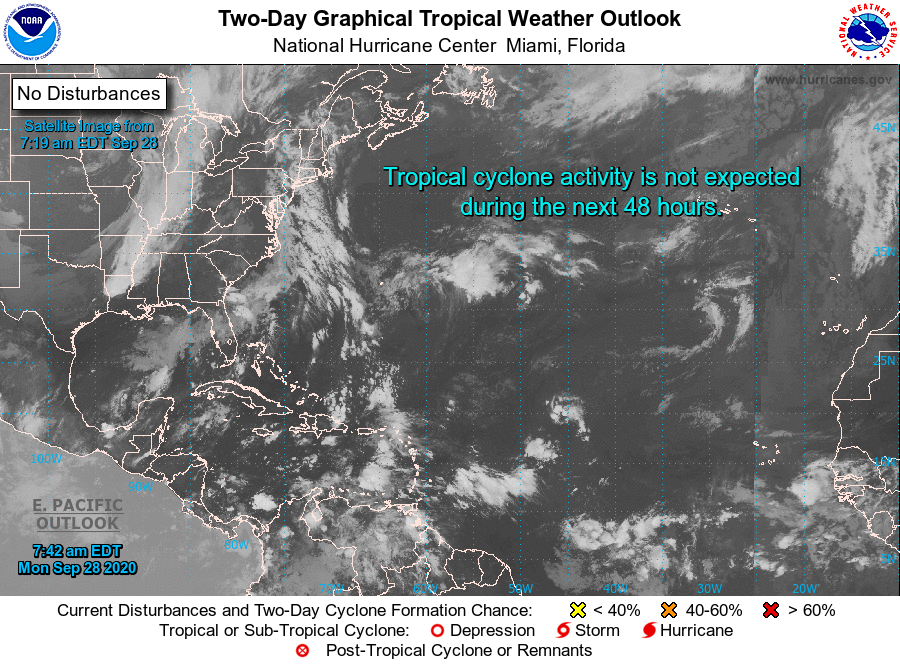
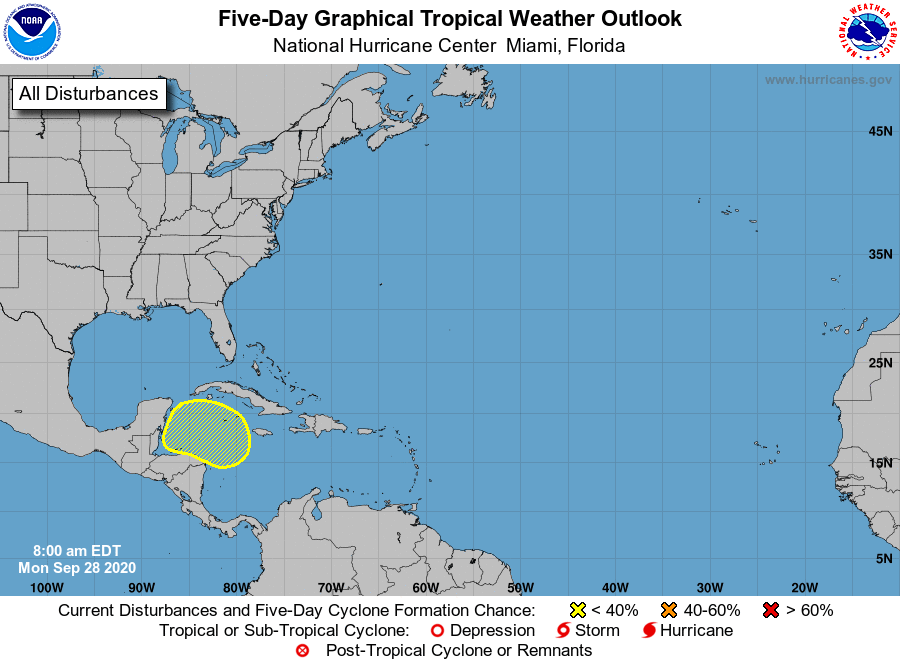
For the North Atlantic...Caribbean Sea and the Gulf of Mexico:

1. A broad area of low pressure is expected to form over the western Caribbean Sea in a few days. Some gradual development of the disturbance will be possible thereafter while the system moves slowly west-northwestward over the northwestern Caribbean Sea.
* Formation chance through 48 hours...low...near 0 percent.
* Formation chance through 5 days...low...30 percent.

Forecaster Zelinsky